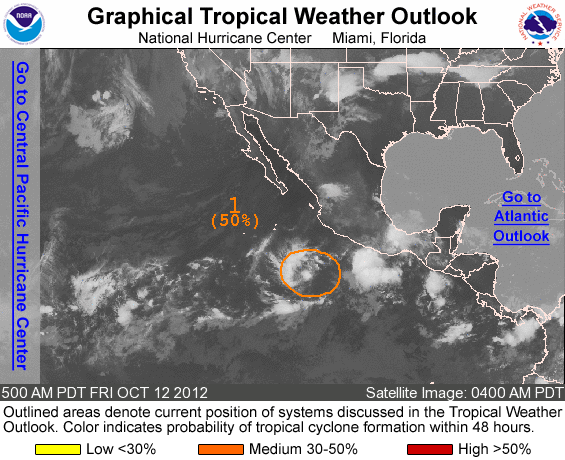
FOR THE EASTERN NORTH PACIFIC...EAST OF 140 DEGREES WEST LONGITUDE..

1. A BROAD AREA OF LOW PRESSURE LOCATED ABOUT 450 MILES SOUTH-SOUTHWEST OF MANZANILLO MEXICO CONTINUES TO PRODUCE DISORGANIZED SHOWERS AND THUNDERSTORMS. UPPER-LEVEL WINDS ARE EXPECTED TO BECOME CONDUCIVE FOR DEVELOPMENT DURING THE NEXT COUPLE OF DAYS. THIS SYSTEM HAS A MEDIUM CHANCE...50 PERCENT...OF BECOMING A TROPICAL CYCLONE DURING THE NEXT 48 HOURS AS IT MOVES GENERALLY WESTWARD AT 10 TO 15 MPH.

ELSEWHERE...TROPICAL CYCLONE FORMATION IS NOT EXPECTED DURING THE NEXT 48 HOURS.

FORECASTER LANDSEA